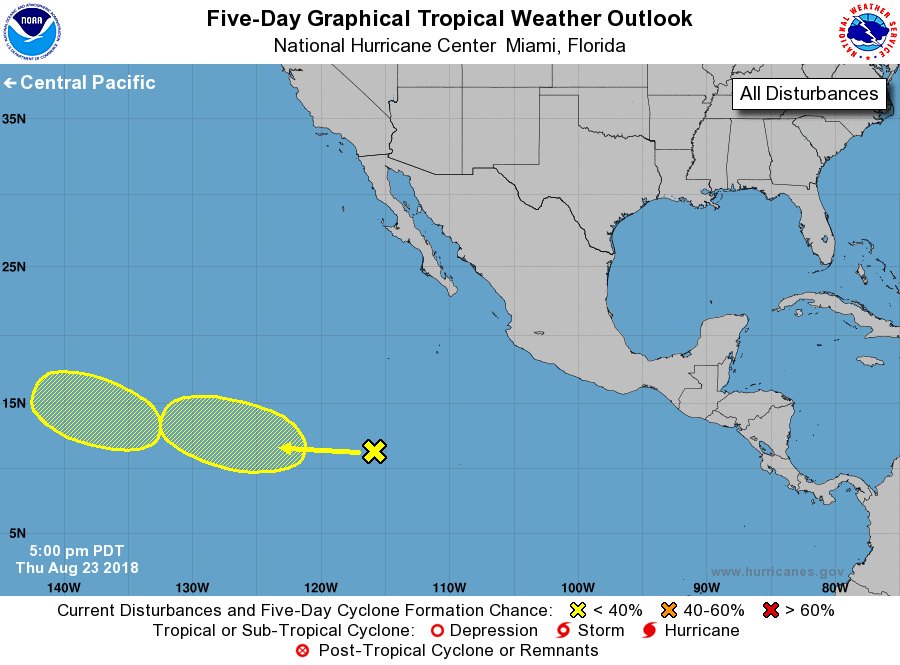
For the eastern North Pacific...east of 140 degrees west longitude:

1. A trough of low pressure is producing disorganized showers and thunderstorms several hundred miles south-southwest of the southern tip of the Baja California Peninsula. Some gradual development of this system is possible through early next week while the disturbance moves westward around 10 mph.
* Formation chance through 48 hours...low...near 0 percent.
* Formation chance through 5 days...low...30 percent.

2. An area of low pressure could form in a few days well to the east-southeast of the Hawaiian Islands. Some slow development of this system is possible early next week while it moves westward or west-northwestward at about 10 mph.
* Formation chance through 48 hours...low...near 0 percent.
* Formation chance through 5 days...low...20 percent.

Forecaster Zelinsky